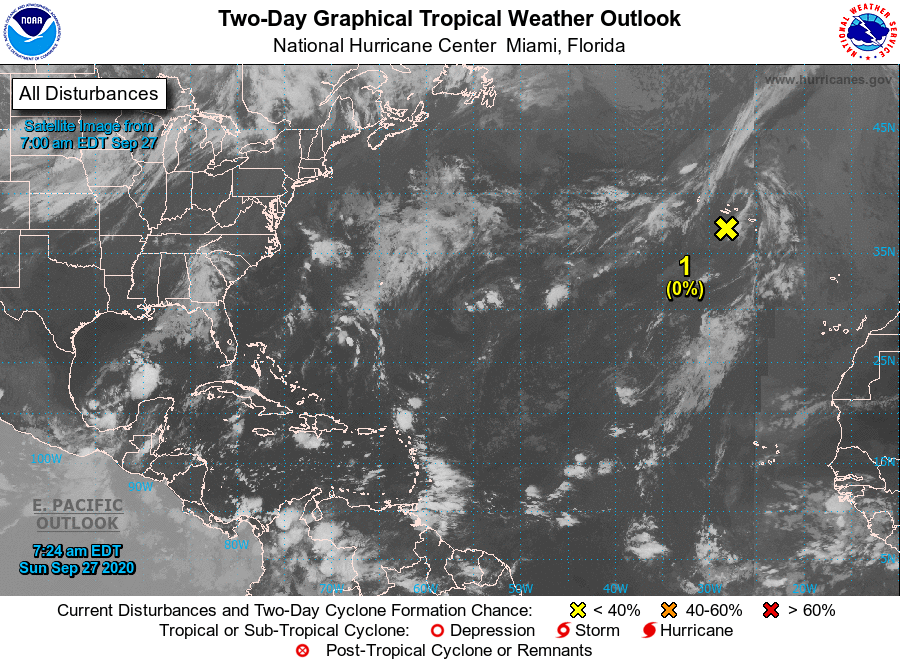
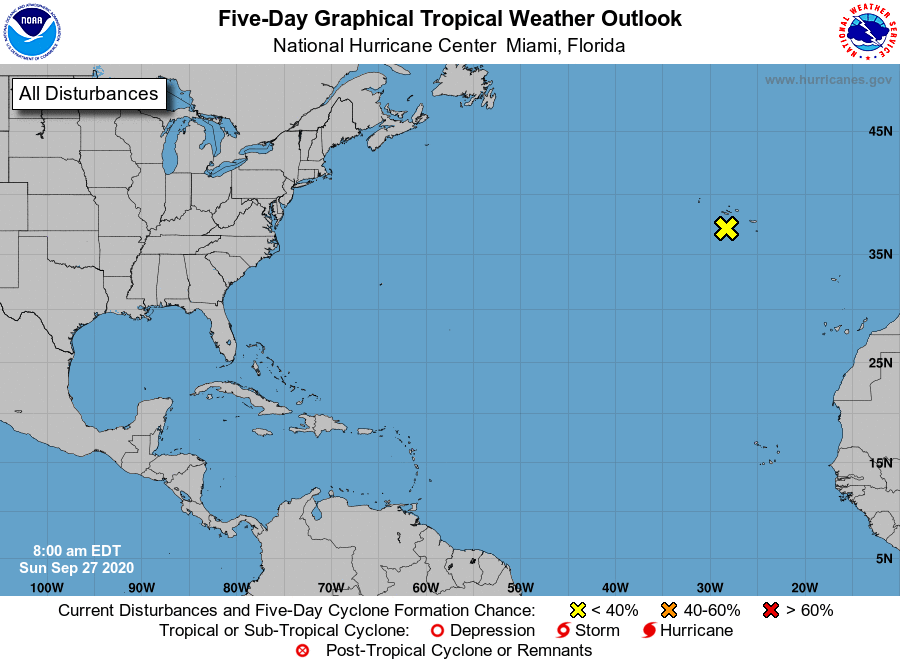
For the North Atlantic...Caribbean Sea and the Gulf of Mexico:

1. The remnants of Paulette, located about 100 miles south of the Azores, are producing a few disorganized showers. Upper-level winds are expected to increase later today and no further development is anticipated.
* Formation chance through 48 hours...low...near 0 percent.
* Formation chance through 5 days...low...near 0 percent.

Forecaster Zelinsky